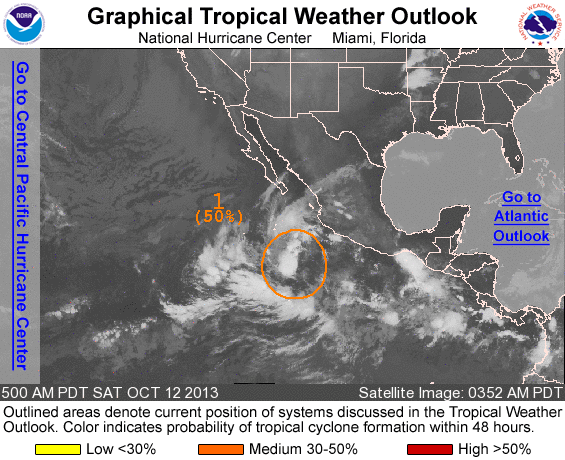
FOR THE EASTERN NORTH PACIFIC...EAST OF 140 DEGREES WEST LONGITUDE..

1. A BROAD AREA OF LOW PRESSURE IS LOCATED SEVERAL HUNDRED MILES SOUTH-SOUTHEAST OF THE SOUTHERN TIP OF BAJA CALIFORNIA. ALTHOUGH CLOUDINESS AND THUNDERSTORMS HAVE NOT BECOME ANY BETTER ORGANIZED SINCE YESTERDAY...ENVIRONMENTAL CONDITIONS REMAIN SOMEWHAT CONDUCIVE FOR A TROPICAL DEPRESSION TO FORM DURING THE NEXT DAY OR TWO. AFTER THAT TIME...ENVIRONMENTAL CONDITIONS ARE FORECAST TO BECOME LESS FAVORABLE FOR DEVELOPMENT. THIS SYSTEM HAS A MEDIUM CHANCE...50 PERCENT...OF BECOMING A TROPICAL CYCLONE DURING THE NEXT 48 HOURS...AND A MEDIUM CHANCE...50 PERCENT...OF BECOMING A TROPICAL CYCLONE DURING THE NEXT 5 DAYS WHILE IT MOVES WEST-NORTHWESTWARD OR NORTHWESTWARD AT AROUND 10 MPH.

FIVE-DAY FORMATION PROBABILITIES ARE EXPERIMENTAL IN 2013. COMMENTS ON THE EXPERIMENTAL FORECASTS CAN BE PROVIDED AT...

HTTP://WWW.NWS.NOAA.GOV/SURVEY/NWS-SURVEY.PHP?CODE=ETWO

FORECASTER AVILA